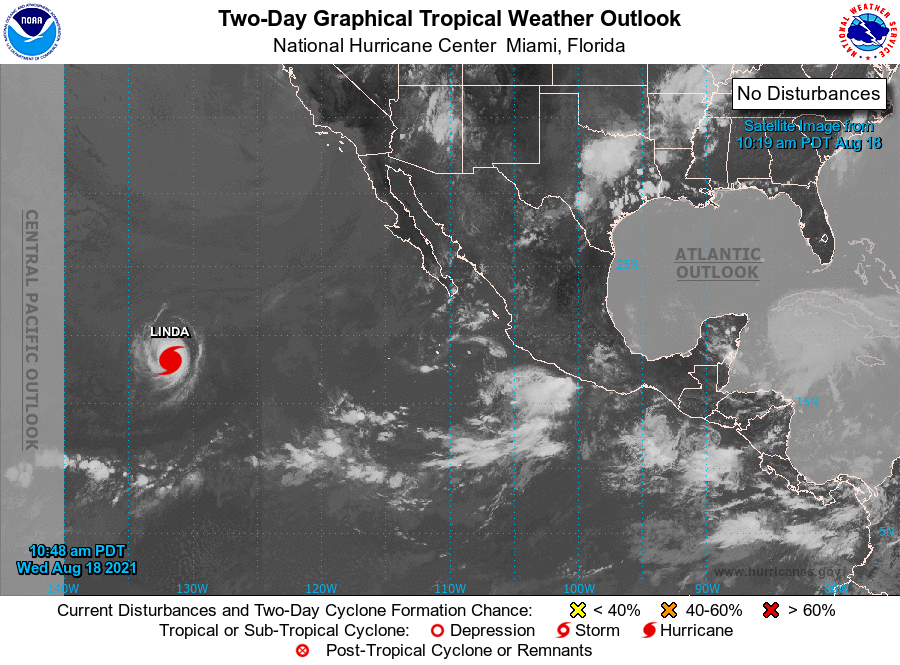
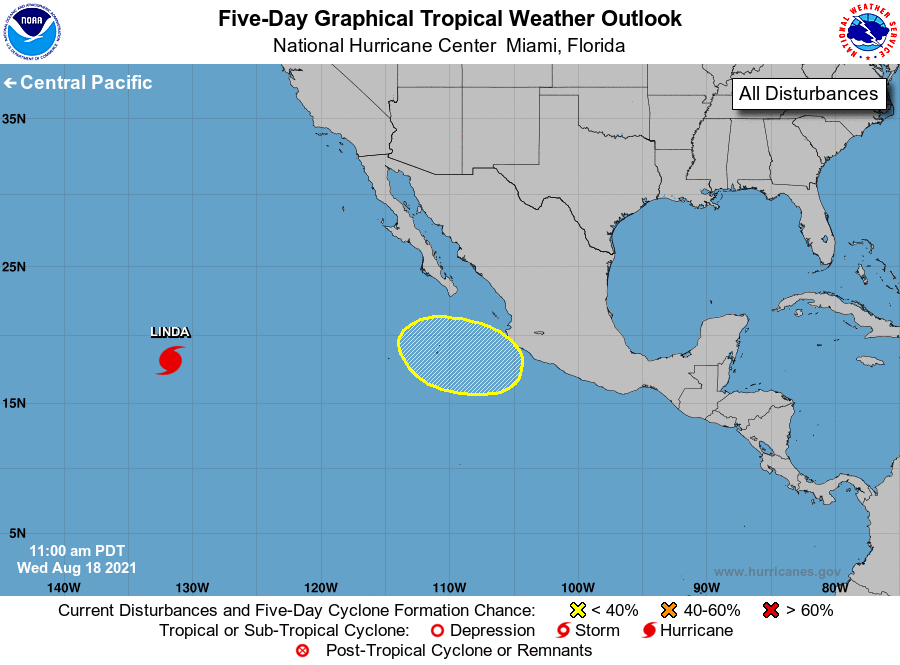
For the eastern North Pacific...east of 140 degrees west longitude:

The National Hurricane Center is issuing advisories on Hurricane Linda, located about 1500 miles east of Hilo, Hawaii.

Hurricane Grace, located over the Caribbean Sea, is forecast to move inland over mainland Mexico early Saturday morning and dissipate over Mexico on Sunday. However, the remnants are expected to continue westward into the eastern Pacific Ocean, and an area of low pressure could form by early next week off the coast of southwest Mexico. Environmental conditions are forecast to be conducive for gradual development thereafter while the low moves westward at around 15 mph.

1.
* Formation chance through 48 hours...low...near 0 percent.
* Formation chance through 5 days...low...20 percent.

Forecaster Hagen/Cangialosi